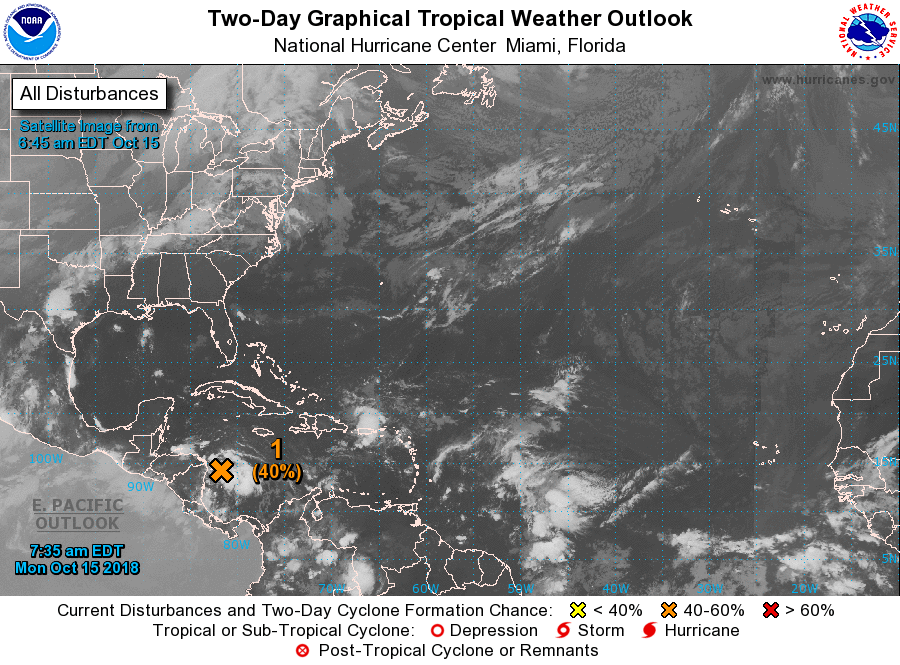
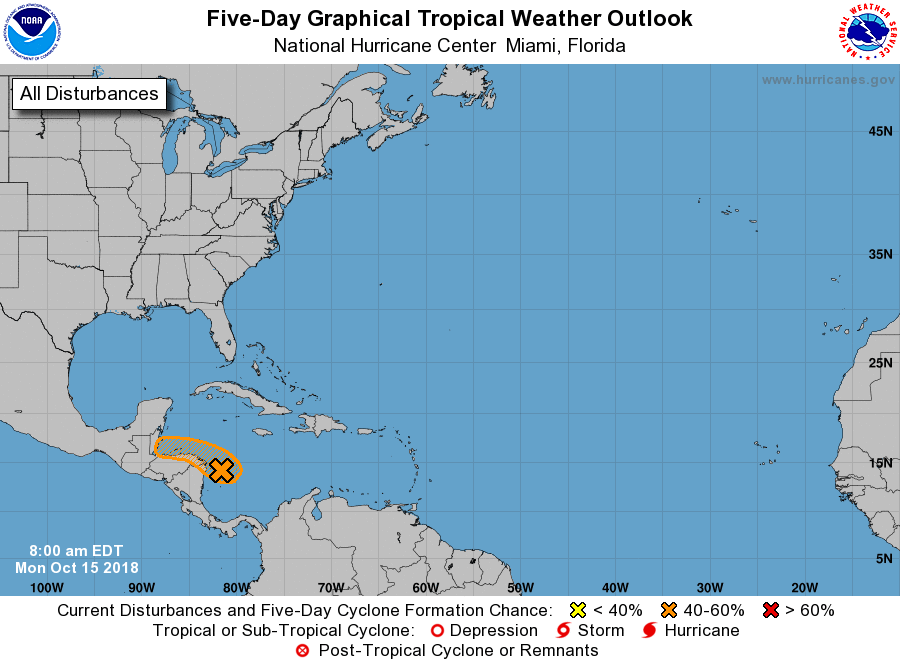
For the North Atlantic...Caribbean Sea and the Gulf of Mexico:

1. Showers and thunderstorms associated with a broad area of low pressure located over the southwestern Caribbean Sea are showing some signs of organization. The system is moving west-northwestward, and it is possible that it could become a tropical depression before it moves inland over Central America by Tuesday. Regardless of development, locally heavy rainfall, which could cause flash flooding, is possible across portions of Central America for much of the week.
* Formation chance through 48 hours...medium...40 percent.
* Formation chance through 5 days...medium...40 percent.

Forecaster Blake